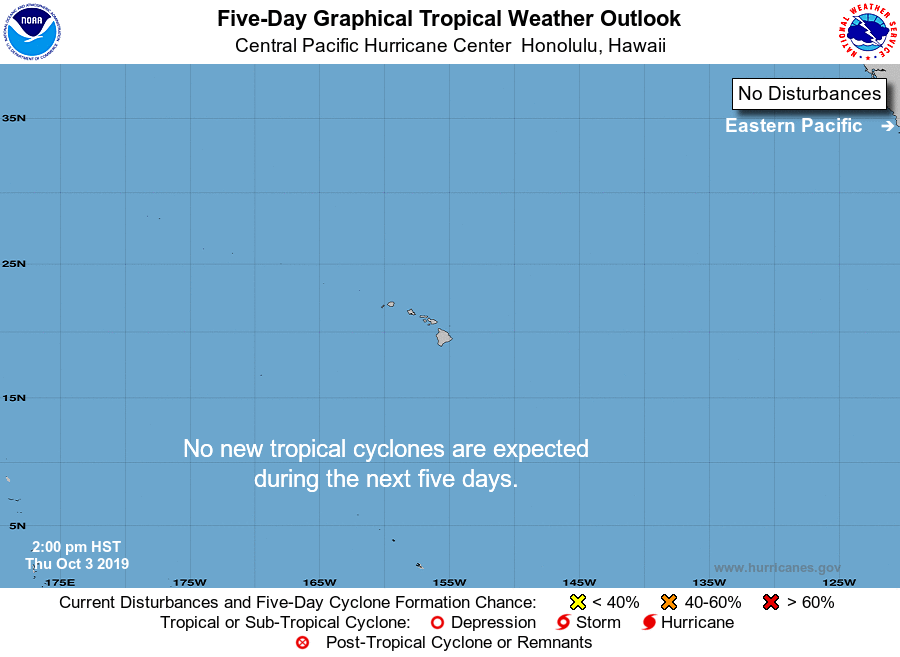
For the central North Pacific...between 140W and 180W:

No tropical cyclones are expected during the next 5 days.

Forecaster Wroe